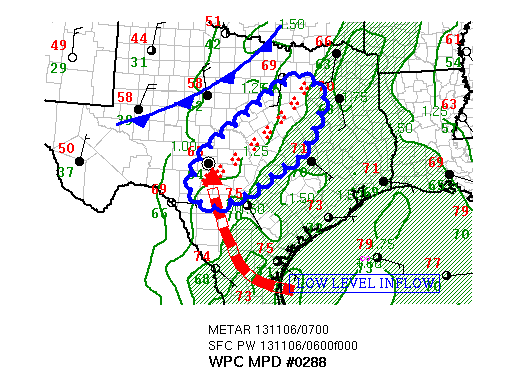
AREAS AFFECTED......CENTRAL AND NORTHEAST TEXAS...

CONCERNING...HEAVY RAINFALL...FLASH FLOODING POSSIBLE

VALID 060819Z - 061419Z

SUMMARY...A QUASI STATIONARY BAND OF LOW TOPPED CONVECTION WILL
POSE A FLASH FLOOD THREAT ACROSS PORTIONS OF CENTRAL AND NORTHEAST
TX.

DISCUSSION...A NEARLY QUASI STATIONDARY BAND OF WARM TOPPED
CONVECTION CONTINUES TO DEVELOP NORTHEAST ALONG A PWAT GRADIENT
STRETCHING FROM NEAR KAUS NORTHEAST TO NEAR KDFW. LOCAL VWPS SHOW
A 20 TO 25 KNOT SOUTH  SOUTHEAST INFLOW AHEAD OF A SHORT WAVE
APPROACHING FROM THE SOUTHWEST...TRANSPORTING PWAT VALUES AROUND
1.4 INCHES TOWARD THE LINE OF CONVECTION. NEAR TERM MODELS SEEM TO
HAVE A HANDLE ON THE MASS FIELDS... SUGGESTING SLOW MOVEMENT OF
THE LINE AND LITTLE CHANGE WITH RESPECT TO MOIST INFLOW.

HOWEVER...THE QPF APPEARS TO BE UNDERDONE IN ALL NEAR TERM
MODELS...WHICH SHOW MAXIMUM QPF VALUES AROUND 2 INCHES AT BEST.
GIVEN THE SLOW MOVEMENT OF THE LINE...
RAINFALL TOTALS COULD APPROACH 4 INCHES ALONG THE
LINE...ESPECIALLY ACROSS CENTRAL TX IN THE EWX COUNTY WARNING
AREA. THE THREAT FOR FLASH FLOODING WILL CONTINUE UNTIL A COLD
FRONT CROSSES THE AREA...WHICH WILL NOT HAPPEN UNTIL AFTER 12Z.